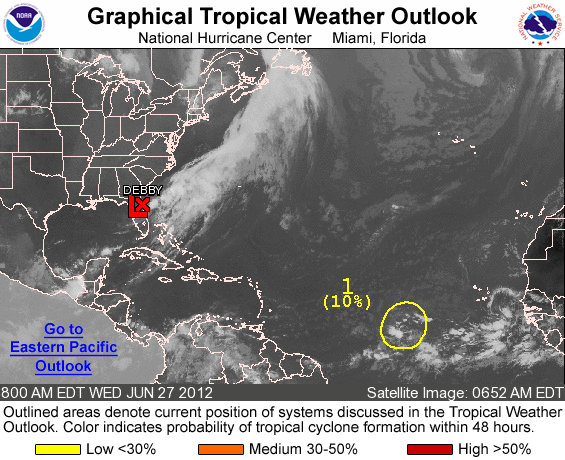
FOR THE NORTH ATLANTIC...CARIBBEAN SEA AND THE GULF OF MEXICO...

THE NATIONAL HURRICANE CENTER IS ISSUING ADVISORIES ON TROPICAL DEPRESSION DEBBY...LOCATED OVER THE WESTERN ATLANTIC ABOUT 25 MILES SOUTHEAST OF ST. AUGUSTINE FLORIDA.

1. A TROPICAL WAVE LOCATED NEARLY MIDWAY BETWEEN THE WEST COAST OF AFRICA AND THE WINDWARD ISLANDS CONTINUES TO PRODUCE DISORGANIZED SHOWERS AND A FEW THUNDERSTORMS. DEVELOPMENT OF THIS WAVE..IF ANY...WILL BE SLOW TO OCCUR AS IT MOVES WESTWARD AT 10 TO 15 MPH. THIS SYSTEM HAS A LOW CHANCE...10 PERCENT...OF BECOMING A TROPICAL CYCLONE DURING THE NEXT 48 HOURS.

ELSEWHERE...TROPICAL CYCLONE FORMATION IS NOT EXPECTED DURING THE NEXT 48 HOURS.

FORECASTER KIMBERLAIN